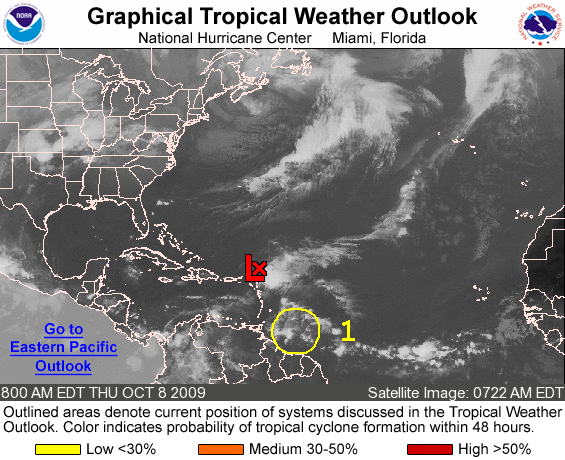
FOR THE NORTH ATLANTIC...CARIBBEAN SEA AND THE GULF OF MEXICO...

THE NATIONAL HURRICANE CENTER IS ISSUING ADVISORIES ON TROPICAL DEPRESSION HENRI...LOCATED ABOUT 165 MILES NORTHEAST OF THE NORTHERN LEEWARD ISLANDS.

1. SHOWERS AND THUNDERSTORMS ASSOCIATED WITH A TROPICAL WAVE LOCATED ABOUT 350 MILES EAST OF THE SOUTHERN WINDWARD ISLANDS REMAIN POORLY ORGANIZED. DEVELOPMENT...IF ANY...OF THIS SYSTEM SHOULD BE SLOW TO OCCUR AS IT MOVES TO THE WEST-NORTHWEST AT ABOUT 15 TO 20 MPH. THERE IS A LOW CHANCE...LESS THAN 30 PERCENT...OF THIS SYSTEM BECOMING A TROPICAL CYCLONE DURING THE NEXT 48 HOURS.

ELSEWHERE...TROPICAL CYCLONE FORMATION IS NOT EXPECTED DURING THE NEXT 48 HOURS.

FORECASTER BLAKE